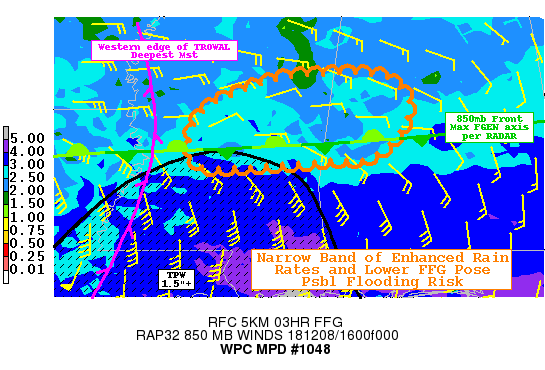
Areas affected...East Central MS...West Central AL...

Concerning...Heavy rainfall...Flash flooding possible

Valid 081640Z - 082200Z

SUMMARY...Strong frontogenetic forcing/mst flux to produced
prolonged moderate rainfall that may exceed localized lower FFG
values at longer duration.

DISCUSSION...GOES-16 WV suite depicts a mature upper level low
across North Central TX with multiple wedge-shaped bands across
Eastern TX and northwest Gulf of Mexico with strong diffluence
entering the right entrance of 110kt 250mb jet over the Central MS
River valley into the TN River Valley.  The LLJ has responded with
45-50kts of slightly veered 850-7H flow (per JAN VWP) that is more
unidirectional near the front crossing central LA coast attm.
850mb low continues to deepen in the dry slot forming over E TX
and W LA attm, but regional RADAR mosaic depicts the 900 to 850mb
frontal boundary quite well along the I-20 corridor intersecting
the deeper moisture near the MS River.

The 12z SHV sounding denoted the enhanced northerly flow below the
front indicating a more vertical ascent likely at this interface.
Rainfall rates responded over the last 3hrs with 1.25-1.5" totals
observed in N LA and rates to .5"/hr.  This feature can be see as
far east as Elmore county, AL and given the eastward progression
of the front with reducing northerly influence, the boundary
should remain fairly static in the north-south sense for the
coming 3-6hrs.  RAP forecast suggests 850mb flow will increase to
over 50kts nosing the TPW values to near 1.75" intersecting this
boundary.  As such 925-850mb FGEN are very strong near 6-10K per
unit volume and likely to maintain the .25-.5"/hr rates with some
potential for slightly higher amounts.

This will total 1.5-2.5" over the next 3-6hrs, these totals are on
the threshold to eclipse FFG in the region but particularly in
lowest values in the lower Tombigbee River basin and the Jackson
metro vicinity.  The potential remains low for flash flooding
given the low rates, but warrants a possible flash flooding if
this localized increased vertical slope of the boundary supports
localized rates of .75-1"/hr.